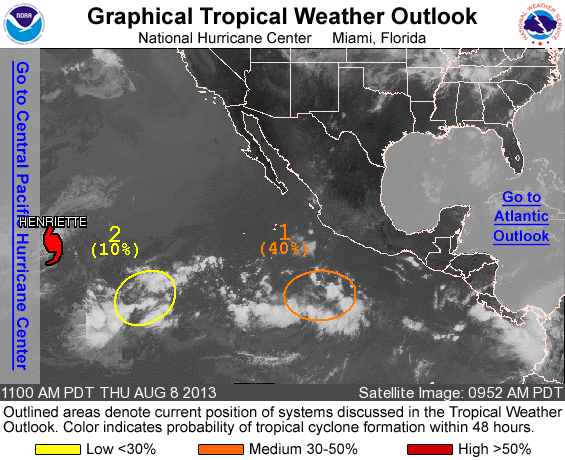
FOR THE EASTERN NORTH PACIFIC...EAST OF 140 DEGREES WEST LONGITUDE..

THE NATIONAL HURRICANE CENTER IS ISSUING ADVISORIES ON HURRICANE HENRIETTE...LOCATED FAR TO THE EAST OF THE HAWAIIAN ISLANDS.

1. AN AREA OF DISTURBED WEATHER IS LOCATED ABOUT 500 MILES SOUTH OF MANZANILLO MEXICO. ENVIRONMENTAL CONDITIONS APPEAR CONDUCIVE FOR SOME DEVELOPMENT OF THIS DISTURBANCE OVER THE NEXT FEW DAYS AS IT MOVES WESTWARD AT ABOUT 10 MPH. THIS SYSTEM HAS A MEDIUM CHANCE...40 PERCENT...OF BECOMING A TROPICAL CYCLONE DURING THE NEXT 48 HOURS AND A HIGH CHANCE...70 PERCENT...OF BECOMING A TROPICAL CYCLONE DURING THE NEXT 5 DAYS.

2. A LOW PRESSURE TROUGH LOCATED ABOUT 1500 MILES SOUTHWEST OF THE SOUTHERN TIP OF BAJA CALIFORNIA IS PRODUCING DISORGANIZED SHOWERS AND THUNDERSTORMS. ENVIRONMENTAL CONDITIONS ARE EXPECTED TO BE CONDUCIVE FOR GRADUAL DEVELOPMENT OF THIS SYSTEM DURING THE NEXT SEVERAL DAYS. THIS SYSTEM HAS A LOW CHANCE...10 PERCENT...OF BECOMING A TROPICAL CYCLONE DURING THE NEXT 48 HOURS...AND A MEDIUM CHANCE...30 PERCENT...OF BECOMING A TROPICAL CYCLONE DURING THE NEXT 5 DAYS AS IT MOVES WESTWARD AROUND 10 MPH.

FIVE-DAY FORMATION PROBABILITIES ARE EXPERIMENTAL IN 2013. COMMENTS ON THE EXPERIMENTAL FORECASTS CAN BE PROVIDED AT...

HTTP://WWW.NWS.NOAA.GOV/SURVEY/NWS-SURVEY.PHP?CODE=ETWO

FORECASTER BROWN